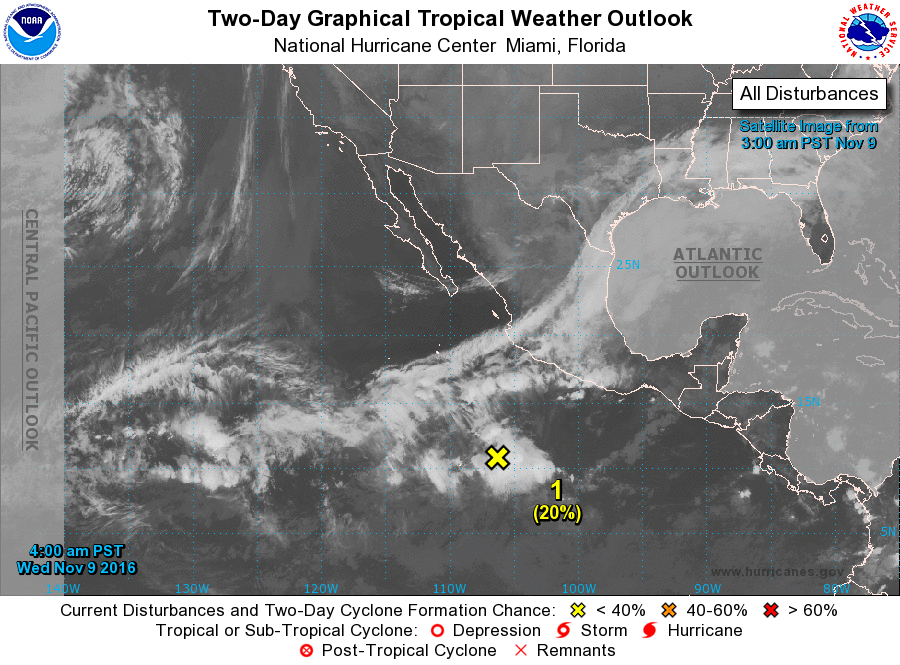
For the eastern North Pacific...east of 140 degrees west longitude:

1. Disorganized showers and thunderstorms associated with an area of low pressure located about 600 miles south-southwest of Manzanillo, Mexico, have increased since yesterday. This system is expected to move northwestward and then northward at 5 to 10 mph into an area of strong upper-level winds late this week and this weekend, and development, if any, should be slow to occur.
* Formation chance through 48 hours...low...20 percent
* Formation chance through 5 days...low...30 percent

Forecaster Berg